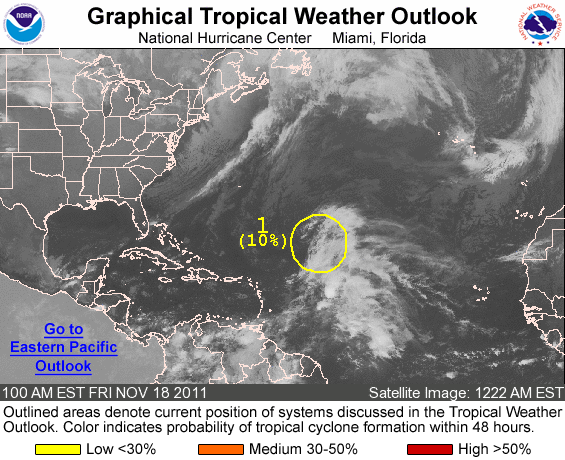
FOR THE NORTH ATLANTIC...CARIBBEAN SEA AND THE GULF OF MEXICO...

1. AN AREA OF DISORGANIZED CLOUDINESS AND SHOWERS CONTINUES OVER THE ATLANTIC OCEAN ABOUT 900 MILES EAST-NORTHEAST OF THE LEEWARD ISLANDS IN ASSOCIATION WITH A SURFACE TROUGH AND AN UPPER-LEVEL LOW. SOME SLOW DEVELOPMENT OF THIS SYSTEM IS POSSIBLE DURING THE NEXT COUPLE OF DAYS AS IT MOVES SLOWLY WESTWARD. THIS SYSTEM HAS A LOW CHANCE...10 PERCENT...OF BECOMING A SUBTROPICAL OR TROPICAL CYCLONE DURING THE NEXT 48 HOURS.

ELSEWHERE...TROPICAL CYCLONE FORMATION IS NOT EXPECTED DURING THE NEXT 48 HOURS.

FORECASTER BLAKE